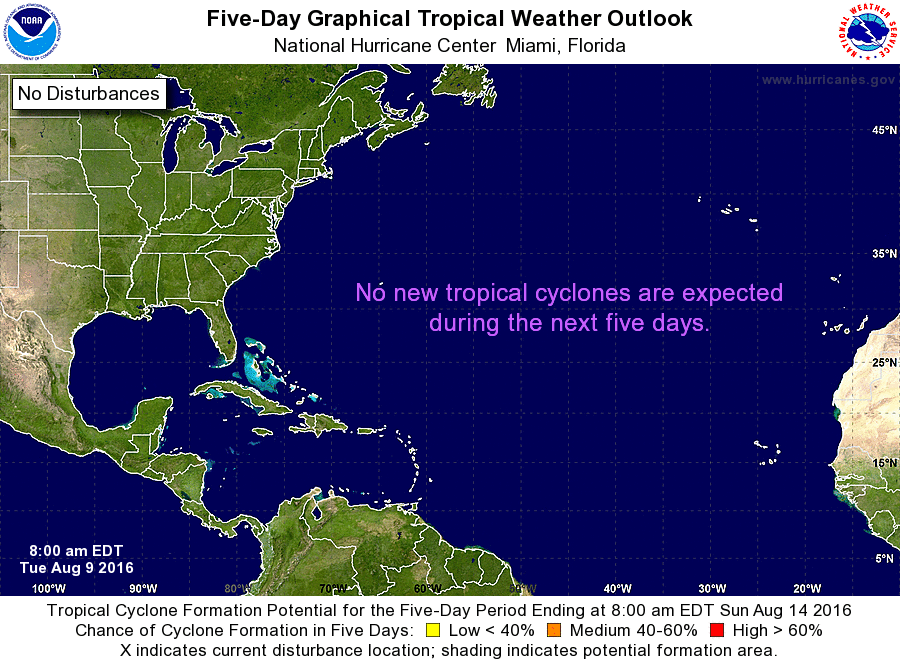
For the North Atlantic...Caribbean Sea and the Gulf of Mexico:

Tropical cyclone formation is not expected for the next 5 days.

Forecaster Kimberlain